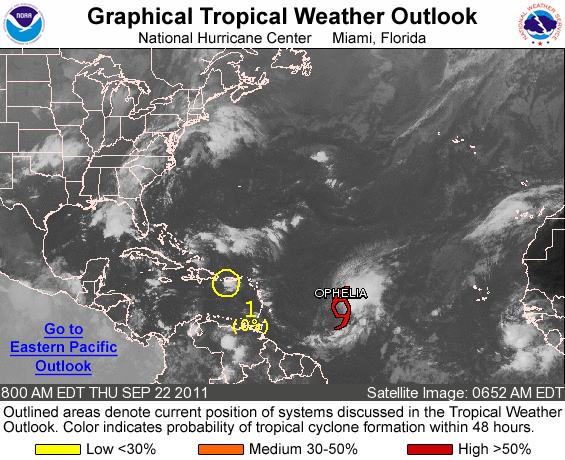
FOR THE NORTH ATLANTIC...CARIBBEAN SEA AND THE GULF OF MEXICO...

THE NATIONAL HURRICANE CENTER IS ISSUING ADVISORIES ON TROPICAL STORM OPHELIA...LOCATED ABOUT 1020 MILES EAST-SOUTHEAST OF THE LEEWARD ISLANDS.

1. A SMALL AREA OF LOW PRESSURE LOCATED OVER THE MONA PASSAGE IS PRODUCING SCATTERED SHOWERS...THUNDERSTORMS...AND LOCALLY HEAVY RAINS OVER PUERTO RICO. THESE RAINS ARE EXPECTED TO SPREAD OVER THE DOMINICAN REPUBLIC TODAY. UPPER-LEVEL WINDS ARE NOT CONDUCIVE FOR DEVELOPMENT AND THIS SYSTEM HAS A LOW CHANCE...NEAR 0 PERCENT...OF BECOMING A TROPICAL CYCLONE DURING THE NEXT 48 HOURS AS IT MOVES GENERALLY WESTWARD AT 15 TO 20 MPH.

ELSEWHERE...TROPICAL CYCLONE FORMATION IS NOT EXPECTED DURING THE NEXT 48 HOURS.

FORECASTER PASCH